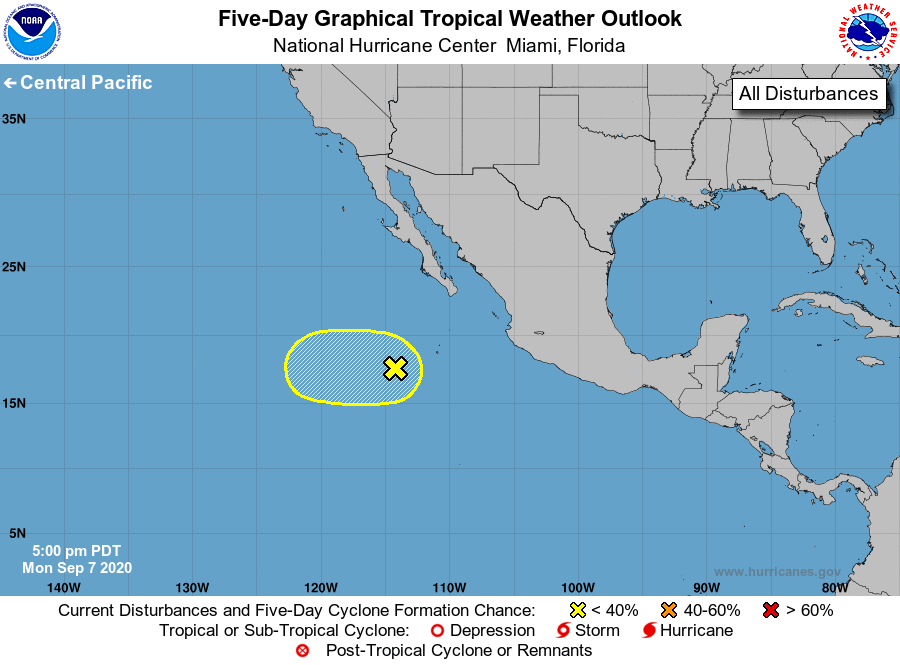
For the eastern North Pacific...east of 140 degrees west longitude:

1. Disorganized cloudiness and showers centered several hundred miles southwest of the southern tip of the Baja California peninsula are associated with a broad area of low pressure. Upper-level winds could become marginally favorable for some development by late this week while the low moves slowly westward.
* Formation chance through 48 hours...low...10 percent.
* Formation chance through 5 days...low...20 percent.

Forecaster Blake